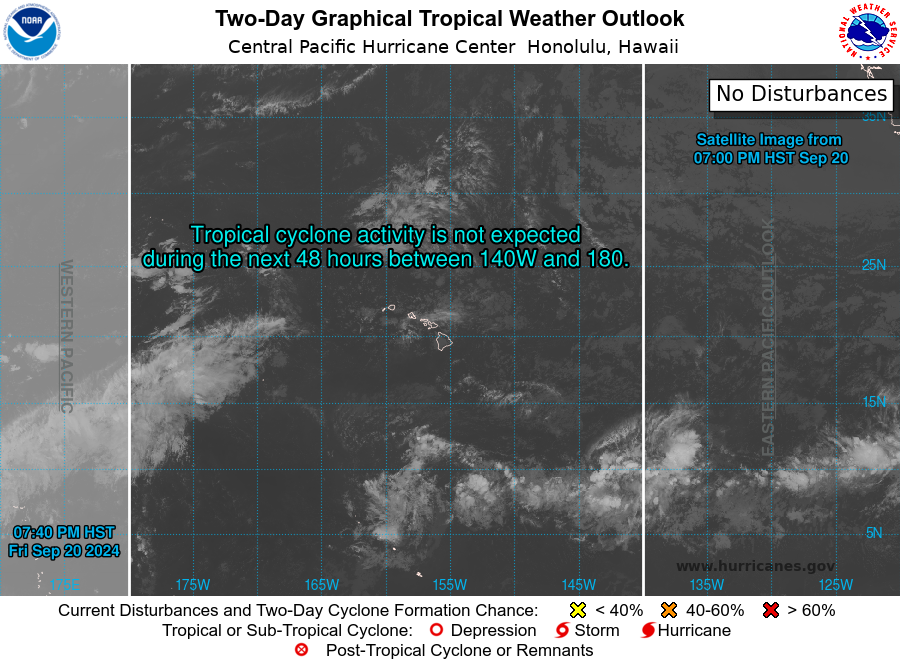
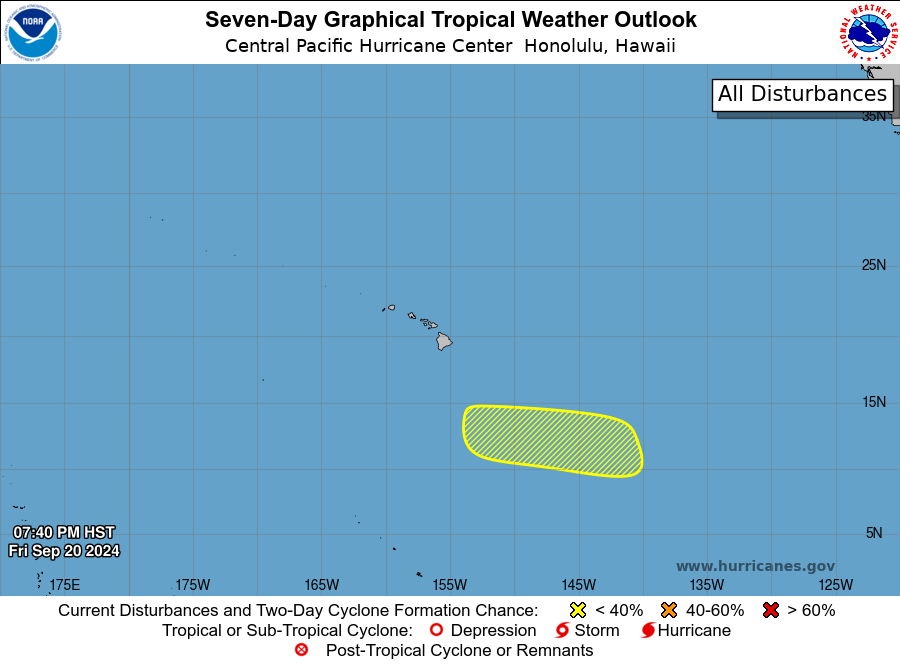
For the central North Pacific...between 140W and 180W:

1. Approximately 1000 miles southeast of Hilo, Hawaii: An area of low pressure may form well south of the Big Island next week. Some slow development of this system is possible while it moves westward.
* Formation chance through 48 hours...low...near 0 percent.
* Formation chance through 7 days...low...20 percent.

Forecaster Bohlin